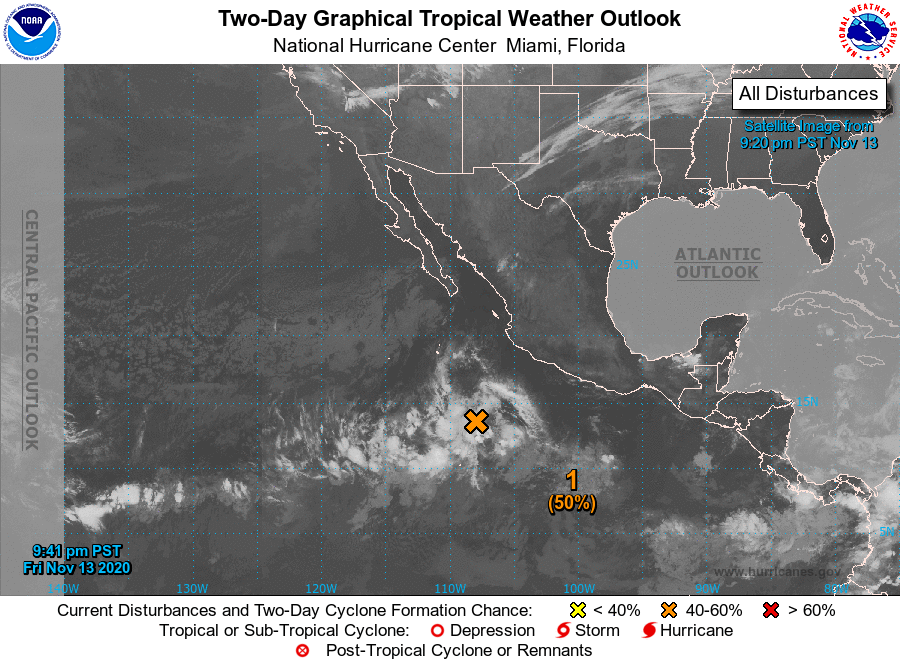
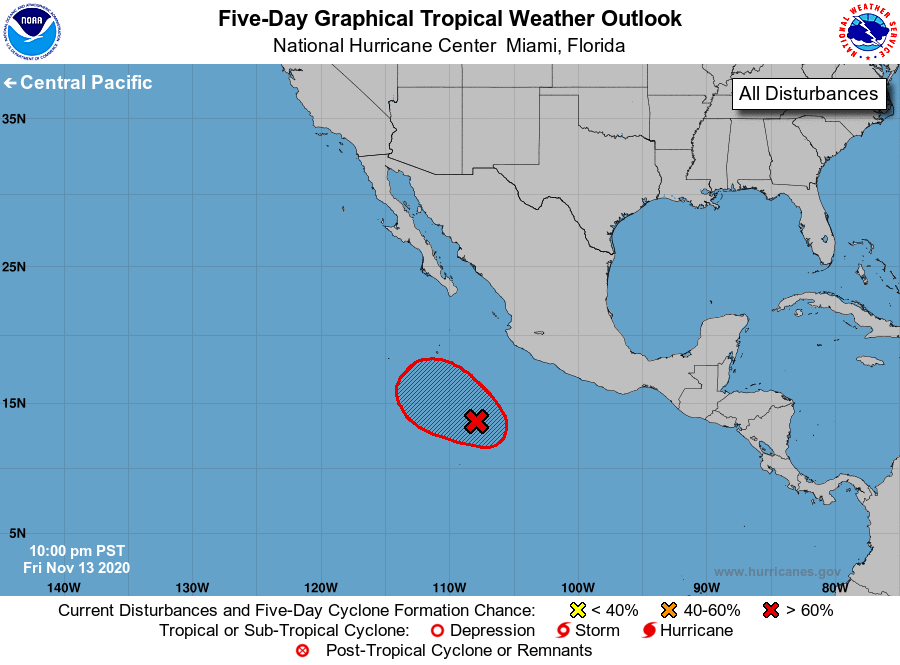
For the eastern North Pacific...east of 140 degrees west longitude:

1. Shower and thunderstorm activity has changed little during the past several hours in association with a broad area of low pressure located several hundred miles southwest of the coast of southern Mexico. Environmental conditions are expected to be conducive for gradual development, and a tropical depression is likely to form late this weekend or early next week as the system moves slowly west-northwestward or northwestward away from the coast of Mexico.
* Formation chance through 48 hours...medium...50 percent.
* Formation chance through 5 days...high...70 percent.

Forecaster Stewart